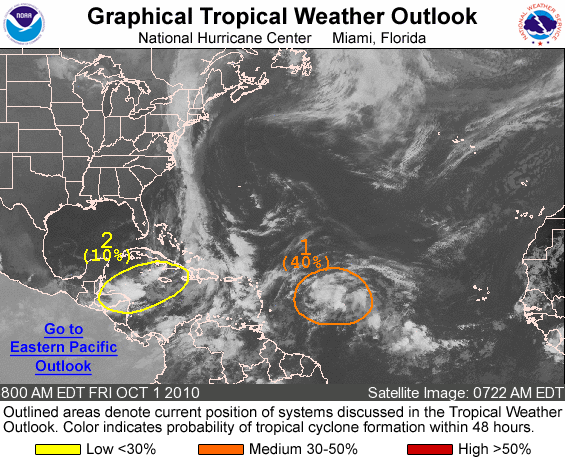
FOR THE NORTH ATLANTIC...CARIBBEAN SEA AND THE GULF OF MEXICO...

1. DISORGANIZED SHOWERS AND THUNDERSTORMS CONTINUE IN ASSOCIATION WITH A LARGE AREA OF DISTURBED WEATHER LOCATED ABOUT 900 MILES EAST OF THE LESSER ANTILLES. UPPER-LEVEL WINDS ARE FORECAST TO BECOME SOMEWHAT MORE CONDUCIVE FOR DEVELOPMENT AND THERE IS A MEDIUM CHANCE...40 PERCENT...OF THIS SYSTEM BECOMING A TROPICAL CYCLONE DURING THE NEXT 48 HOURS AS IT MOVES WESTWARD OR WEST-NORTHWESTWARD AT 15 TO 20 MPH.

2. A BROAD TROUGH OF LOW PRESSURE OVER THE NORTHERN CARIBBEAN SEA CONTINUES TO PRODUCE DISORGANIZED SHOWER AND THUNDERSTORM ACTIVITY. THERE ARE NO SIGNS OF ORGANIZATION AND THERE IS A LOW CHANCE...10 PERCENT...OF THIS SYSTEM BECOMING A TROPICAL CYCLONE DURING THE NEXT 48 HOURS. REGARDLESS OF DEVELOPMENT...LOCALLY HEAVY RAINS ARE POSSIBLE DURING THE NEXT DAY OR TWO ACROSS NORTHERN CENTRAL AMERICA...THE CAYMAN ISLANDS...EASTERN CUBA...JAMAICA...AND HISPANIOLA.

ELSEWHERE...TROPICAL CYCLONE FORMATION IS NOT EXPECTED DURING THE NEXT 48 HOURS.

FORECASTER BRENNAN